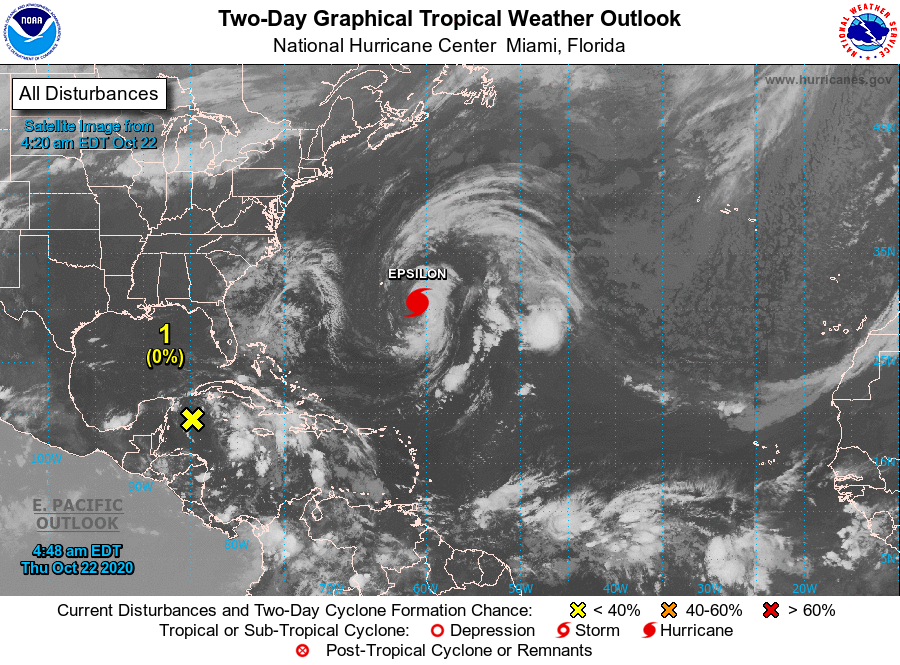
For the North Atlantic...Caribbean Sea and the Gulf of Mexico:

The National Hurricane Center is issuing advisories on Hurricane Epsilon, located over the west-central Atlantic a few hundred miles southeast of Bermuda.

1. A trough of low pressure located over the western Caribbean Sea is producing a large area of disorganized showers and thunderstorms which primarily extend near Jamaica, the Cayman Islands, and Cuba. Development of this system is unlikely to occur during the next few days as it passes near western Cuba and moves over the Straits of Florida. By late this weekend or early next week, however, some slow development is possible while the system moves generally northeastward from near the northwestern Bahamas toward the western Atlantic. Regardless of development, locally heavy rainfall is possible over portions of Cuba, South Florida, and the Bahamas through early next week.
* Formation chance through 48 hours...low...near 0 percent.
* Formation chance through 5 days...low...20 percent.

Forecaster Berg